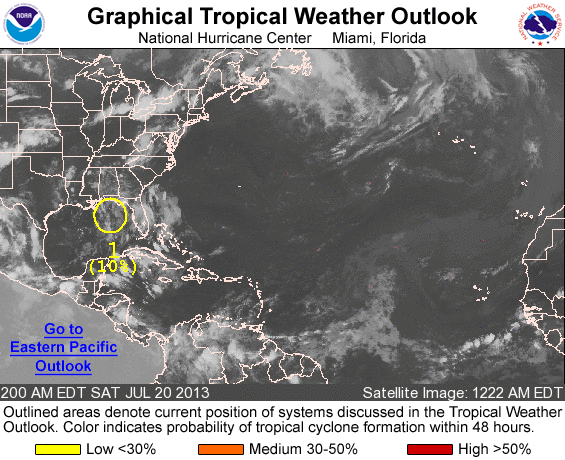
FOR THE NORTH ATLANTIC...CARIBBEAN SEA AND THE GULF OF MEXICO...

1. AN AREA OF CLOUDINESS AND A FEW THUNDERSTORMS OVER THE NORTHERN AND NORTHEASTERN GULF OF MEXICO IS ASSOCIATED WITH AN UPPER-LEVEL LOW PRESSURE AREA AND A WEAK SURFACE TROUGH. SIGNIFICANT DEVELOPMENT OF THIS SYSTEM IS NOT EXPECTED BEFORE IT MOVES INLAND OVER THE NORTHERN GULF COAST LATER TODAY. THIS SYSTEM HAS A LOW CHANCE...10 PERCENT...OF BECOMING A TROPICAL CYCLONE DURING THE NEXT 48 HOURS.

ELSEWHERE...TROPICAL CYCLONE FORMATION IS NOT EXPECTED DURING THE NEXT 48 HOURS.

FORECASTER PASCH